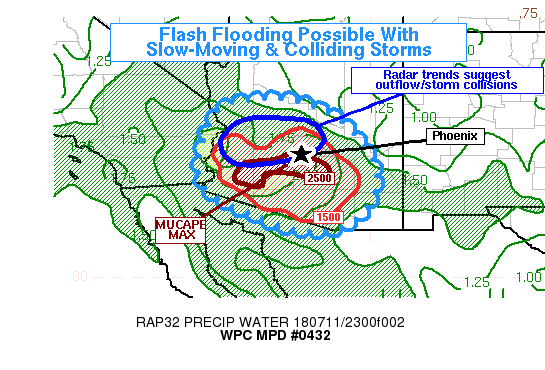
AREAS AFFECTED...SRN/CTRL ARIZONA

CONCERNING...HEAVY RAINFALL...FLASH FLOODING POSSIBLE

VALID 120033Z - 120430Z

SUMMARY...SCATTERED THUNDERSTORMS WILL LINGER INTO AT LEAST THE
EARLY EVENING IN PORTIONS OF ARIZONA. THESE STORMS MAY FOCUS IN A
PORTION OF CENTRAL AND WEST-CENTRAL ARIZONA NEAR THE I-10
CORRIDOR. SLOW STORM MOTIONS AND MERGING STORMS MAY ALLOW FOR
LOCALLY HEAVY RAINFALL...RAIN RATES AROUND 2 IN/HR...AND FLASH
FLOODING.

DISCUSSION...AS OF 00Z...SEVERAL BANDS OF CONVECTION WERE
APPROACHING A REGION OF WEST-CENTRAL ARIZONA RELATIVELY
UNDISTURBED BY THUNDERSTORMS YET TODAY. RAP ANALYSIS SHOWED A
MAXIMUM IN MUCAPE VALUES IN THIS SAME REGION...OVER 2000 J/KG IN
SOME PLACES...AND RADAR TRENDS SHOWED THAT SOME STORM MERGERS AND
OUTFLOW BOUNDARY COLLISIONS WERE LIKELY TO TAKE PLACE OVER THE
NEXT SEVERAL HOURS. THE INCREASING CONCENTRATION OF STORMS AND
LIKELIHOOD OF COLLIDING BOUNDARIES IN THE PRESENCE OF A VERY
UNSTABLE AND MOIST (PWATS APPROACHING 2 INCHES AND ABOVE THE 99TH
PERCENTILE IN PORTIONS OF THE AREA) SUGGESTS THAT LOCALLY HEAVY
RAINFALL AND FLASH FLOODING WILL BECOME A GREATER THREAT. RAP
ANALYSIS ALSO SHOWED A SURFACE LOW IN SOUTHWEST ARIZONA...A
DISTINCT TROUGH EXTENDING EAST TOWARD THE PHOENIX METRO AREA...AND
A LOCAL HIGH PRESSURE OVER THE MOGOLLON RIM REGION. THIS MAY ACT
TO ENHANCE CONVERGENCE IN THE VICINITY OF THE I-10 CORRIDOR...AND
THIS MAY FURTHER ENHANCE CONVECTIVE COVERAGE. RAIN RATES OF 2
IN/HR WILL BE POSSIBLE GIVEN THE SLOW STORM MOTIONS AND MERGERS
INTO MEANDERING CONVECTIVE CLUSTERS...AND THIS COULD LEAD TO FLASH
FLOODING... PARTICULARLY IF ALIGNED WITH ANY URBAN AREAS.

CONVECTIVE TRENDS BEYOND 03-04Z ARE LESS CERTAIN. CONVECTIVE
INSTABILITY MAY BE EXHAUSTED IN THE NORTHERN PORTION OF THE
OUTLINED AREA...BUT THE REGION JUST TO THE SOUTH SHOULD REMAIN
SOMEWHAT UNSTABLE. ANY THUNDERSTORM OUTFLOW FROM THE NORTH COULD
TRIGGER ADDITIONAL STORMS IN SOUTHERN ARIZONA. THIS WILL NEED TO
BE MONITORED THIS EVENING...AND COULD LEAD TO A CONTINUING THREAT
OVERNIGHT.